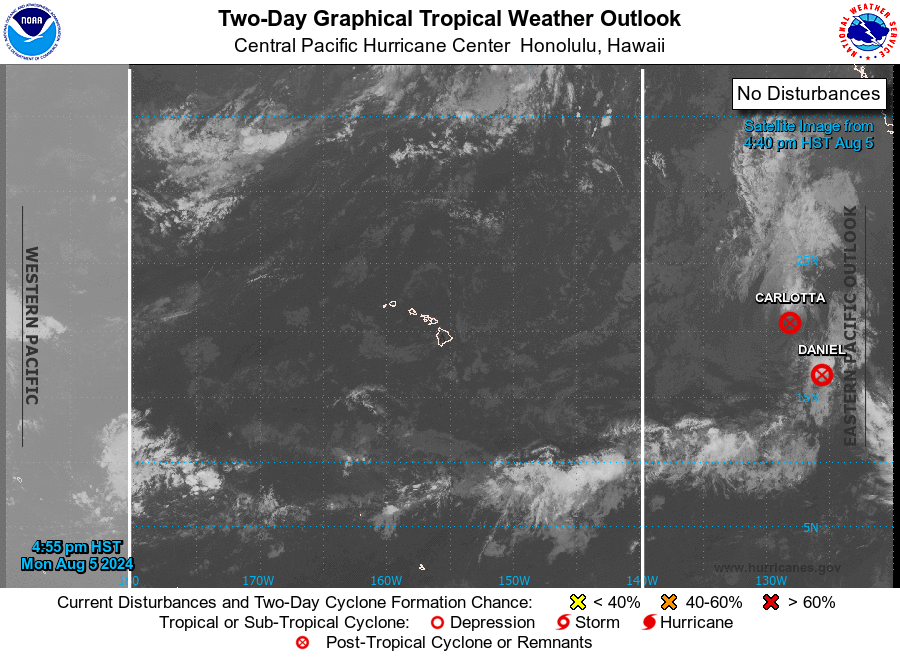
For the central North Pacific...between 140W and 180W:

No tropical cyclones are expected through the next 7 days.

Forecaster Kino